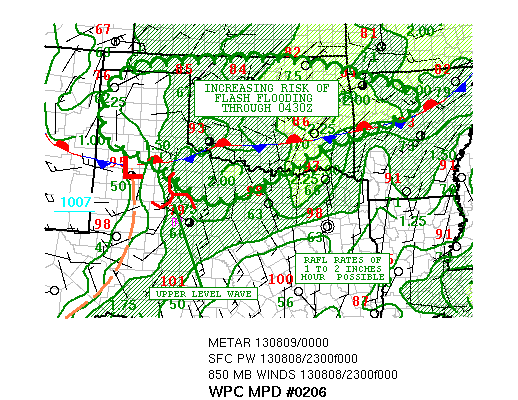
AREAS AFFECTED...MUCH OF OK...PARTS OF NORTH TEXAS...NORTHWEST AR

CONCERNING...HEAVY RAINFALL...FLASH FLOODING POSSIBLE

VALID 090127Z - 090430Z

.SUMMARY...THERE IS AN INCREASING RISK OF MODERATE TO HEAVY RAIN
ACROSS MUCH OF OK AND PARTS OF NORTH TX AND NORTHWEST AR THROUGH
04Z.

THUNDERSTORMS WERE ONCE AGAIN BECOMING MORE NUMEROUS OVER PARTS OF
NORTHERN AND WEST TX...IN PART DUE TO THE APPROACH OF A MID/UPPER
LEVEL SHORTWAVE TROF SEEN IN 09/00Z WATER VAPOR IMAGERY COMBINED
WITH THE TIME OF MAXIMUM HEATING OF THE DAY. THESE STORMS SHOULD
CONTINUE NORTHEAST IN TANDEM WITH THE TROF.  THESE STORMS SHOULD
BE ENCOUNTERING AN INCREASINGLY MOIST ATMOSPHERE OVER THE EASTERN
PART OF OK AND NORTHWEST AR.  00Z SOUNDINGS SHOWED PW VALUES
AROUND AN INCH AND A QUARTER OVER W TX TO JUST SHY OF 2 INCHES
OVER ERN OK WITH K VALUES IN THE HIGH 30S. THUNDERSTORMS IN ERN OK
WERE FORMING ALONG A STATIONARY FRONT.  GIVEN THE MULTIPLE SOURCE
REGIONS OF THUNDERSTORMS ON THU EVE...THE AREAL COVERAGE WHERE
FLASH FLOODING IS POSSIBLE IS LARGER THAN NORMAL.

SINCE THESE STORMS APPEAR TO BE TRACKING SOUTH OF AREAS THAT HAVE
RECEIVED MDT TO HEAVY RAINFALL OVER THE PAST COUPLE OF
NIGHTS...FLASH FLOOD GUIDANCE IS FAIRLY HIGH.  GIVEN THAT RAINFALL
RATES MAY BE ON THE ORDER OF 1 TO 2 INCHES PER HOUR...FELT THAT
FLASH FLOODING MAY BE POSSIBLE.